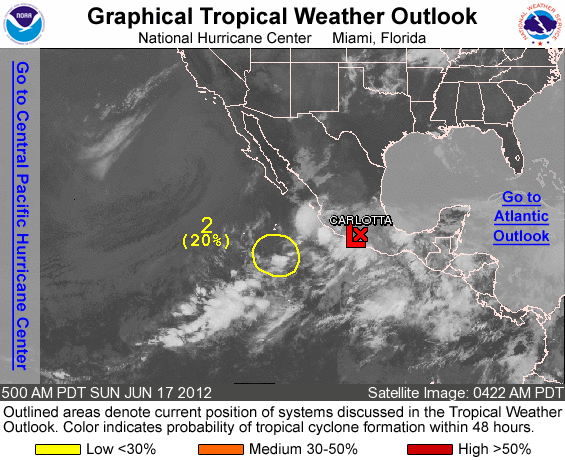
FOR THE EASTERN NORTH PACIFIC...EAST OF 140 DEGREES WEST LONGITUDE..

1. DISORGANIZED SHOWERS AND THUNDERSTORMS ALONG THE PACIFIC COAST OF MEXICO ARE ASSOCIATED WITH A TROUGH OF LOW PRESSURE AND THE REMNANTS OF CARLOTTA. DEVELOPMENT IN THIS AREA IS NOT EXPECTED AND THIS SYSTEM HAS A LOW CHANCE...NEAR 0 PERCENT...OF BECOMING A TROPICAL CYCLONE DURING THE NEXT 48 HOURS. HOWEVER...HEAVY RAINFALL AND THE THREAT FOR FLASH FLOODS AND MUDSLIDES WILL CONTINUE OVER PORTIONS OF SOUTH-CENTRAL MEXICO FOR THE NEXT COUPLE OF DAYS.

2. A BROAD AREA OF LOW PRESSURE LOCATED ABOUT 460 MILES WEST-SOUTHWEST OF MANZANILLO MEXICO IS PRODUCING A FEW DISORGANIZED SHOWERS AND THUNDERSTORMS. ANY DEVELOPMENT OF THIS SYSTEM SHOULD BE SLOW TO OCCUR DURING THE NEXT COUPLE OF DAYS AS IT MOVES NORTHEASTWARD AT ABOUT 5 MPH. THIS SYSTEM HAS A LOW CHANCE...20 PERCENT...OF BECOMING A TROPICAL CYCLONE DURING THE NEXT 48 HOURS.

ELSEWHERE...TROPICAL CYCLONE FORMATION IS NOT EXPECTED DURING THE NEXT 48 HOURS.

FORECASTER BROWN